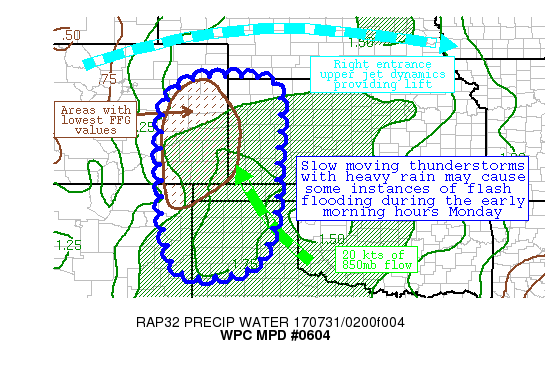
AREAS AFFECTED...E COLORADO...W KANSAS...NE NEW MEXICO...TX/OK
PANHANDLESRIGHT

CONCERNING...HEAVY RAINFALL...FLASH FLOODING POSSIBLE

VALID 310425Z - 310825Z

SUMMARY...ADDITIONAL CONVECTION DEVELOPING ALONG OUTFLOW
BOUNDARIES OVER AREAS THAT RECEIVED HEAVY RAINFALL OVER THE PAST
36 HOURS COULD RESULT IN A FLASH FLOOD THREAT THROUGH THE EARLY
MORNING HOURS.

DISCUSSION...THE EXPERIMENTAL GOES-16 INFRARED IMAGERY INDICATED
THE COLDEST CLOUDTOPS OVER EXTREME SOUTHEAST COLORADO AND
SOUTHWEST KANSAS NEAR A COMPACT MID-LEVEL VORTMAX.  ALTHOUGH
CONVECTIVE TRENDS ARE BEGINNING TO SHOW SOME SIGNS OF DIMINISHING,
THERE IS STILL A MARGINAL THREAT OF FLASH FLOODING GIVEN SATURATED
GROUNDS OVER PARTS OF THIS REGION.  MUCAPES ARE ON THE ORDER OF
500 TO 1000 J/KG BASED ON THE LATEST SPC MESOANALYSIS, WITH PWS
APPROACHING 1.75 INCHES.  MOISTURE FLUX AT 850MB CONTINUES EAST OF
THE VORTMAX WITH 15 TO 25 KNOTS OF INFLOW FROM THE SOUTHEAST.

THE LATEST HI-RES GUIDANCE, INCLUDING THE HRRR AND ITS
EXPERIMENTAL VERSION, ARE INDICATING THE POTENTIAL FOR PATCHY
AREAS OF 2 TO 3 INCHES OF RAIN THROUGH 8Z THIS MORNING.  GIVEN
RECENT RADAR TRENDS, THESE TYPES OF AMOUNTS ARE POSSIBLE AND MAY
LEAD TO LOCALIZED FLASH FLOODING.